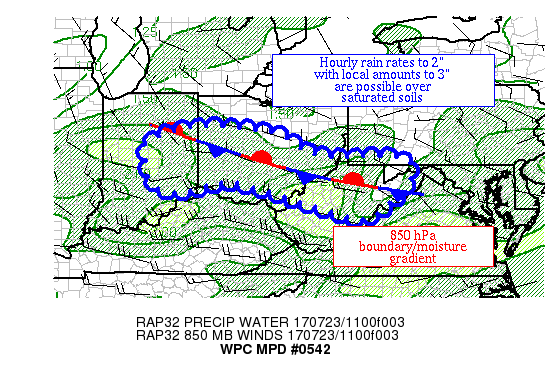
AREAS AFFECTED...EASTERN IN, CENTRAL OH & NORTHERN WV

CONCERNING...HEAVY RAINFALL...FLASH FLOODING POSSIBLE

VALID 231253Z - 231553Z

SUMMARY...ELEVATED CONVECTION IS SHOWING AN UPTICK OVER SATURATED
SOILS.  HOURLY RAIN RATES TO 2" WITH LOCAL AMOUNTS OF 3" ARE
POSSIBLE UNTIL CIN ERODES.

DISCUSSION...THUNDERSTORMS ARE STARTING TO FORM ALONG AN AXIS
STRETCHING FROM EASTERN IN ACROSS OH INTO NORTHERN WV NEAR A
BOUNDARY AT 850 HPA WELL NORTH OF AN OUTFLOW BOUNDARY.  OTHER
ACTIVITY IS FORWARD PROPAGATING FROM THE SOUTHWEST ACROSS SOUTHERN
IN.  THE REGION IS WITHIN A GRADIENT IN THE MU CAPE FIELD, WITH
VALUES NEAR 1000 J/KG.  ALOFT, THE AREA IS DIVERGENT TO THE
SOUTHEAST OF AN UPPER LEVEL LOW NEAR THE UPPER PENINSULA OF MI,
WITH A JET STREAK NOTED NORTH OF LAKE ERIE.  SOUNDINGS IN THE AREA
SHOW SATURATION IN THE LOW-LEVELS.  INFLOW AT 850 HPA IS 20-30 KTS
PER VAD WIND PROFILES FROM THE INSTABILITY POOL TO ITS WEST.
EFFECTIVE BULK SHEAR OF 25-30 KTS EXISTS HERE.  PRECIPITABLE WATER
VALUES ARE 1.75-2" PER GPS DATA.

FLASH FLOOD GUIDANCE VALUES ARE LOW FROM RECENT HEAVY RAINFALL,
WHICH INCREASES THE IMPACT THUNDERSTORMS WITH RAIN RATES OF ANY
SIGNIFICANT MAGNITUDE.  THE AVAILABLE MOISTURE AND INSTABILITY
SUPPORT HOURLY RAIN RATES UP TO 2" WITH LOCAL AMOUNTS TO 3",
VALUES RECENT HRRR RUNS ARE TRENDING TOWARDS ACROSS EASTERN IN AND
WESTERN OH.  BELIEVE ISSUES SHOULD LAST A FEW HOURS UNTIL CIN
ERODES DUE TO DAYTIME HEATING, REDUCING THE THREAT FOR ELEVATED
CONVECTION.